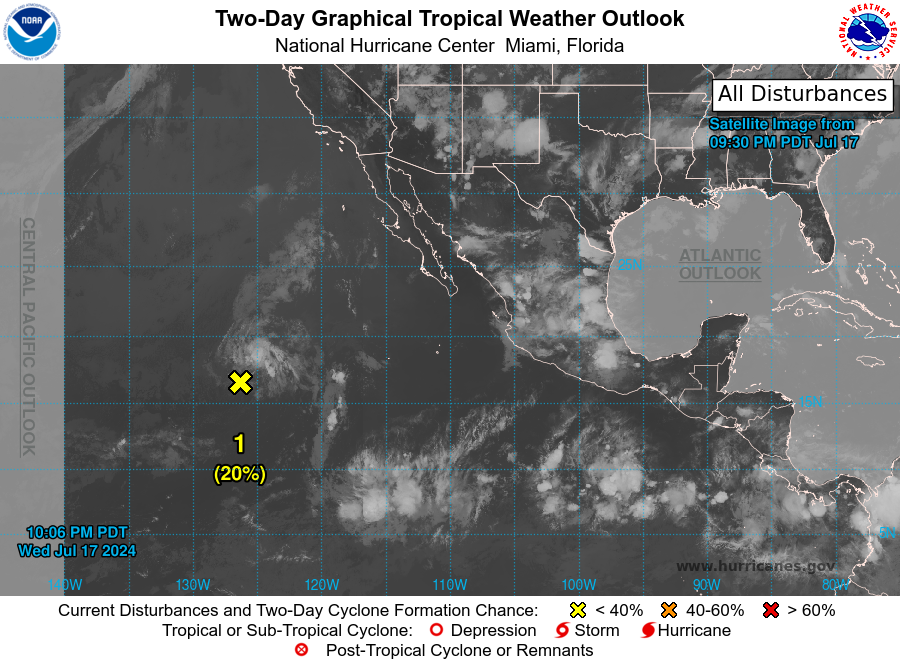
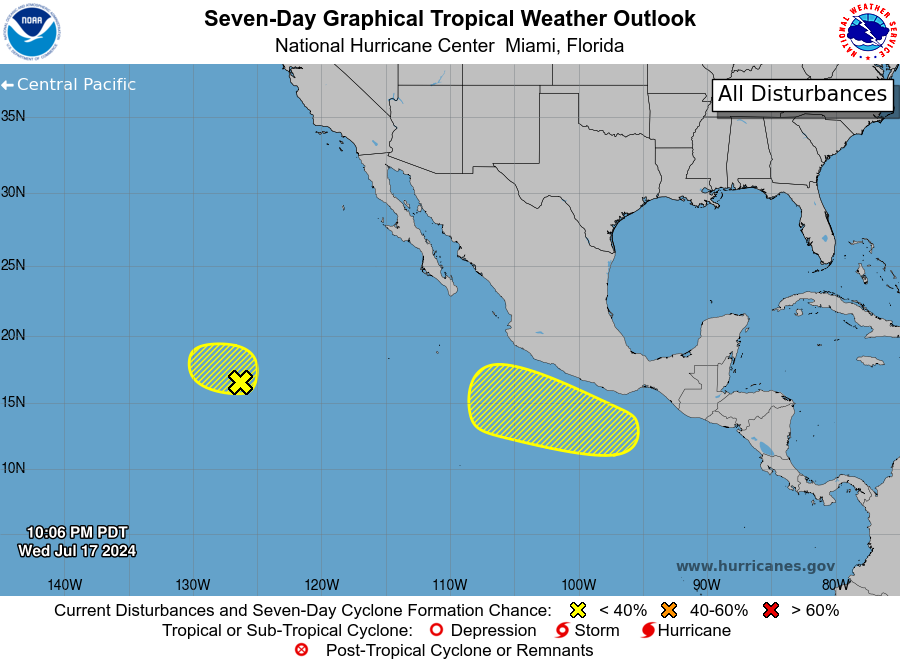
For the eastern North Pacific...east of 140 degrees west longitude:

1. Western East Pacific (EP92): A broad area of low pressure located more than a thousand miles west-southwest of the southern tip of the Baja California peninsula continues to produce disorganized showers and thunderstorms well removed from its center. Environmental conditions near the system are becoming less conducive, with stronger upper-level winds and cooler waters, and its window for further development is closing. The low is forecast to move generally west-northwestward at about 10 mph across the western part of the basin.
* Formation chance through 48 hours...low...20 percent.
* Formation chance through 7 days...low...20 percent.

2. South of Southern Mexico: An area of low pressure could form by this weekend a few hundred miles south of the coast of southern Mexico. Thereafter, some slow development of this system is possible by the middle of next week while it moves westward to west-northwestward at 10 to 15 mph.
* Formation chance through 48 hours...low...near 0 percent.
* Formation chance through 7 days...low...20 percent.

Forecaster Papin